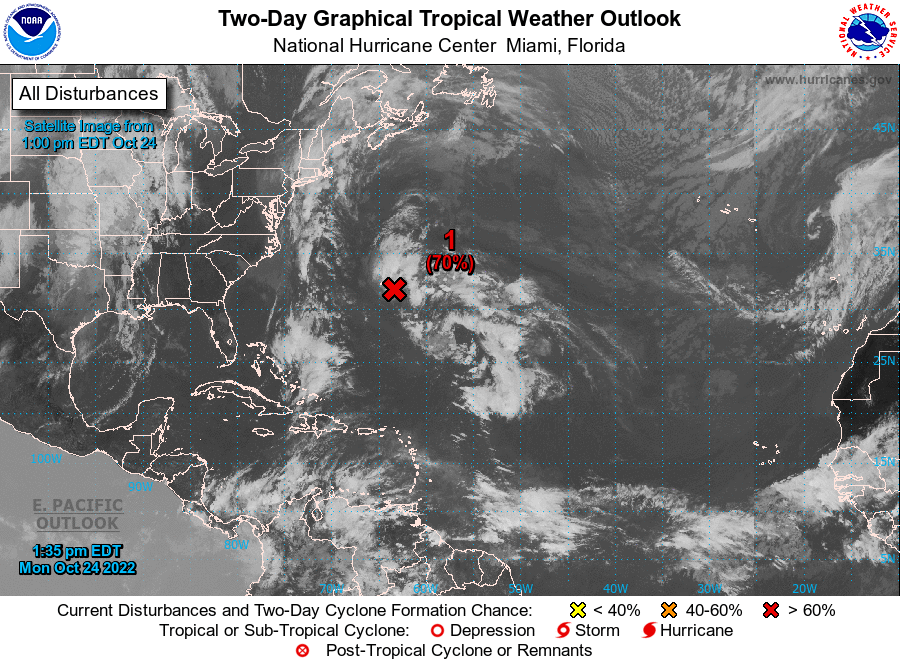
For the North Atlantic...Caribbean Sea and the Gulf of Mexico:

1. Central Subtropical Atlantic: Satellite and Bermuda radar images indicate that the low pressure system located about 100 miles east-southeast of Bermuda now has a well-defined center and is producing a relatively concentrated area of showers and thunderstorms. If the thunderstorm activity persists near the center, the disturbance will likely become a tropical depression later today or tonight while it moves west-northwestward and passes near Bermuda. After that time, the system is expected to turn northward and move toward cooler waters and into a region of unfavorable upper-level winds, which should limit additional development. Regardless of development, periods of locally heavy rainfall and gusty winds are expected over Bermuda through tonight. Interests in Bermuda should monitor the progress of this system.
* Formation chance through 48 hours...high...70 percent.
* Formation chance through 5 days...high...70 percent.

2. Southwestern Atlantic: An area of low pressure is expected to form north of Puerto Rico over the southwestern Atlantic in a few days. Thereafter, environmental conditions appear conducive for gradual subtropical development of this system while it meanders over the southwestern Atlantic through the early part of the weekend.
* Formation chance through 48 hours...low...near 0 percent.
* Formation chance through 5 days...low...30 percent.

Forecaster Cangialosi